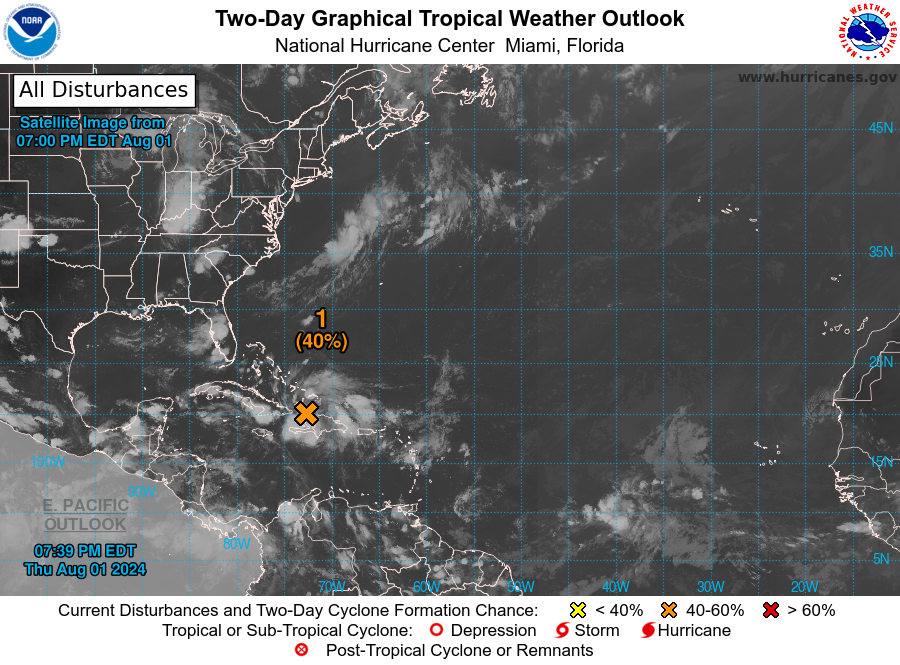
For the North Atlantic...Caribbean Sea and the Gulf of Mexico:

1. Straits of Florida and Eastern Gulf of Mexico (AL97): A well-defined tropical wave is producing a large area of disorganized showers and thunderstorms over Hispaniola, the southeastern Bahamas, and the adjacent waters of the southwestern Atlantic. The wave is expected to move west-northwestward near or over Cuba on Friday and then emerge over the Straits of Florida Friday night or Saturday. Environmental conditions are expected to be conducive for additional development after that time, and a tropical depression is likely to form this weekend over the Straits of Florida or eastern Gulf of Mexico near the Florida Peninsula.

Regardless of development, heavy rains could cause areas of flash flooding across Florida, Cuba, and the Bahamas through the weekend, and interests in these locations should continue to monitor the progress of this system. A NOAA Hurricane Hunter aircraft is scheduled to investigate this system on Friday, if necessary.
* Formation chance through 48 hours...medium...40 percent.
* Formation chance through 7 days...high...70 percent.

Forecaster Berg